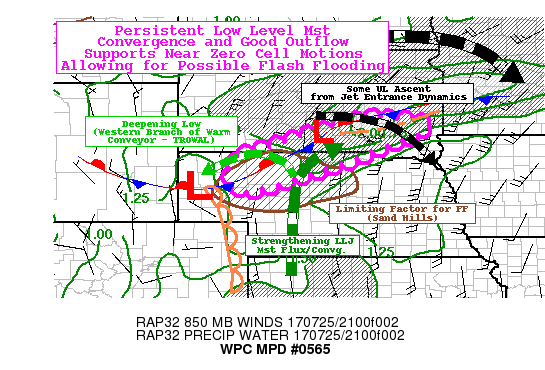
AREAS AFFECTED...NORTH CENTRAL NEB...SOUTHEAST SD

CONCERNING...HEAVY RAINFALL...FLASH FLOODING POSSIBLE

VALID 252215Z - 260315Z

SUMMARY...DEVELOPING LOW TO MID-LEVEL STACKED LOW WILL FOCUS
STEADY MST CONVERGENCE WITH LITTLE CELL MOTION AND REDEVELOPMENT
ALLOWING FOR POCKETS LONG DURATION HEAVY RAINFALL LEADING TO
POTENTIAL FLASH FLOODING.

DISCUSSION...22Z SFC ANALYSIS DEPICTS A WELL DEFINED FRONTAL ZONE
EXTENDING FROM CENTRAL SD TOWARD AN INFLECTION NEAR ICR IN S
CENTRAL SD AND FURTHER EXTENDING TOWARD THE DEEPER 1007MB LOW NEAR
BFF WITH WEAK TO MODEST DRY LINE EXTENDING DUE SOUTH TO JUST WEST
OF THE CO/KS BORDER.

EVENTUALLY AFTER 00Z THE LOW WILL BEGIN TO CLOSE OFF FROM THE
SURFACE UPWARDS THROUGH 850MB TO 7H BY 05/06Z OVER THE NEB
PANHANDLE.  THIS ORIENTATION/DEEPENING WILL SUPPORT 20KT SOUTHERLY
LLJ TO REMAIN FAIRLY CONSISTENT WHILE STRENGTHENING TO 30-35KTS
SUPPORTING CONSISTENT STRONG MST CONVERGENCE ALONG THE NW EXIT
REGION NEAR THE INFLECTION ACROSS N CENTRAL NEB/S SD THROUGH THE
EVENING. EFFECTIVELY THE WARM CONVEYOR BELT SPLITS/ASCENDS NEAR
THE FRONTAL BOUNDARY INTO A STRONG LOW LEVEL DEFORMATION ZONE WITH
THE WESTERN BRANCH BREAKING AS AN EFFECTIVE TROWAL.  THIS
ALIGNMENT WILL SUPPORT FAIRLY CONTINUOUS BACKBUILDING/SLOW CELL
MOTIONS ACROSS THE NORTHERN SAND HILLS THROUGHOUT THE REMAINDER OF
THE EVENING TOWARD OVERNIGHT HOURS.

IN THE UPPER LEVELS STRONG JET OVER THE DAKOTAS TURNS SLIGHTLY
ANTICYCLONICLY OVER MN/IA WITH STRONG GRADIENT OF THE JET OVER THE
AFFECTED AREA ALLOWING FOR EXCELLENT SUPER-GEOSTROPHIC RIGHT
ENTRANCE LEVEL OUTFLOW FOR THESE CELLS TO MAINTAIN THEMSELVES AS
WELL.

INITIALLY THESE CELLS WILL SHOW VERY STRONG SEVERE SIGNATURES (SEE
SPC MCD 1420 FOR ADDITIONAL DETAILS) GIVEN FAIRLY DRY MID-LEVELS
THOUGH WITH PERSISTENCE AND MST FLUX FROM WARM CONVEYOR (SFC/850MB
TDS OF MID TO UPPER 60S) TO MOISTEN THE OVERALL PROFILE...RAIN
RATES WILL INCREASE IN INTENSITY AND GIVEN REDEVELOPMENT
POTENTIAL.  HI-RES CAMS SUGGESTIONS OF 3-6HR TOTALS OVER 3-4" SEEM
PLAUSIBLE AND GIVEN CLUSTERING...CONFIDENCE IS INCREASED AS WELL.
HOWEVER...LIMITING FACTOR TO FLASH FLOODING WILL OBVIOUSLY BE THE
GROUND CONDITIONS IN THE SAND HILLS THAT ARE LIKELY TO ABSORB THIS
MAGNITUDE THERE STILL REMAINS A POSSIBILITY OF FLOODING IS
NON-ZERO ESPECIALLY IN/NEAR URBAN CENTERS.

ACROSS SE SD...CLOSER PROXIMITY TO MID TO UPPER LEVEL JET WILL
ALLOW FOR CELLS TO PROPAGATE EASTWARD TO AMELIORATE FLOODING
CONCERNS...THOUGH WITH SOME ABILITY FOR BACKBUILDING AND REPEAT
TRACKS HERE AS WELL...FLASH FLOODING IS CONSIDERED POSSIBLE HERE
AS WELL.